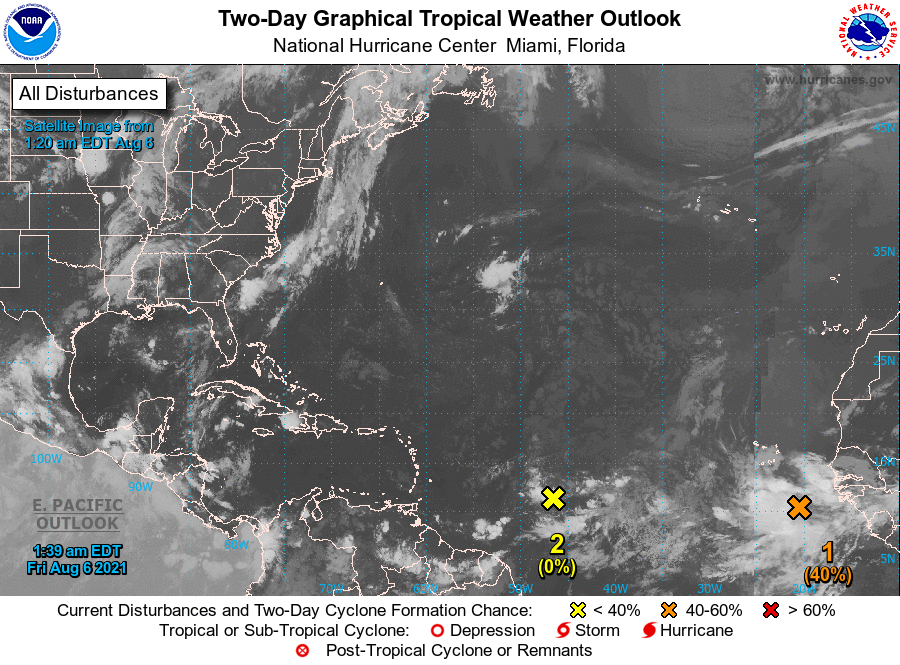
For the North Atlantic...Caribbean Sea and the Gulf of Mexico:

1. A large area of disorganized showers and thunderstorms located a few hundred miles south-southeast of the Cabo Verde Islands is associated with a tropical wave interacting with a broader surface trough. Environmental conditions appear somewhat conducive for gradual development, and a tropical depression is likely to form this weekend or early next week while the system moves generally west-northwestward across the eastern tropical Atlantic.
* Formation chance through 48 hours...medium...40 percent.
* Formation chance through 5 days...high...70 percent.

2. A tropical wave located over the central tropical Atlantic continues to produce some disorganized showers and thunderstorms. This system is expected to move west-northwestward at 10 to 15 mph, and some slow development is possible early next week when it is expected to be near the Lesser Antilles.
* Formation chance through 48 hours...low...near 0 percent.
* Formation chance through 5 days...low...20 percent.

Forecaster Papin/Beven